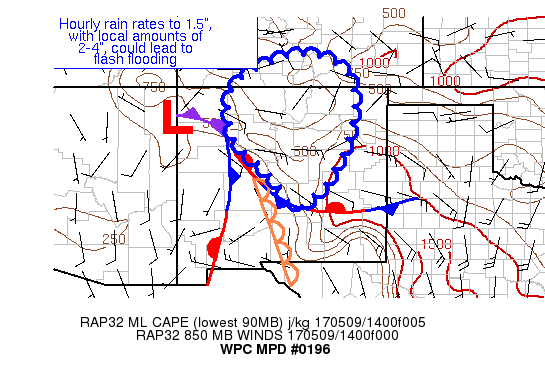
AREAS AFFECTED...PORTIONS OF CENTRAL & NORTHERN NM

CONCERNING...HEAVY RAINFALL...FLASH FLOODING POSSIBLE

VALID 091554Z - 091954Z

SUMMARY...DEVELOPING THUNDERSTORMS ACROSS CENTRAL AND NORTHERN NM
COULD EXHIBIT SOME TRAINING AND CELL MERGERS OVER THE NEXT SEVERAL
HOURS.  WITH HOURLY RAIN RATES UP TO 1.5", AND LOCAL AMOUNTS OF
2-4", FLASH FLOODING IS POSSIBLE.

DISCUSSION...A SHORTWAVE MOVING THROUGH SOUTHWEST NM COMBINED WITH
DAYTIME HEATING HAVE HELPED BREAK UP A STRATUS DECK ACROSS
PORTIONS OF NM AND ALLOWED THUNDERSTORMS TO FORM WITHIN
INCREASINGLY CUMULIFORM CLOUDS ACROSS PORTIONS OF CENTRAL AND
NORTHERN NM.  PRECIPITABLE WATER VALUES ARE INCREASING, WITH
.5-.9" BEING REPORTED VIA GPS.  THIS HAS BEEN TRANSLATING TO 1-2"
AN HOUR RAIN RATES PER FEEDBACK FROM THE ALBUQUERQUE NM FORECAST
OFFICE.  UPSLOPE LOW-LEVEL INFLOW OF 20 KTS HAS BEEN SEEN IN
SURFACE OBSERVATIONS AND VAD WIND PROFILES.  BULK SHEAR OF 30-50
KTS IS HELPING TO ORGANIZE CONVECTION.  MLCAPES OF 500-1000 J/KG
EXIST IN THIS REGION PER RECENT SPC MESOANALYSES.

INSTABILITY SHOULD CONTINUE TO BUILD TODAY WHICH SHOULD LEAD TO
SLOWLY INCREASING CONVECTIVE COVERAGE.  ALTHOUGH THEY ARE
CURRENTLY SHOWING SIGNS OF CELL TRAINING, STORMS SHOULD BEGIN TO
MOVE MORE NORTHEAST AT 25-30 KTS AS THEY DEVELOP FURTHER AND
FORWARD PROPAGATE IN A FEW HOURS.  THE BULK SHEAR AVAILABLE
SUPPORTS MESOCYCLONE DEVELOPMENT, WHICH SHOULD CONTINUE TO LEAD TO
HEAVY RAINFALL.  LESS ORGANIZED THUNDERSTORMS COULD COLLIDE WITH
MORE ORGANIZED CONVECTION, WHICH COULD LEAD TO CELL MERGERS.  THE
HRRR, RAP, AND 12Z NAM CONEST ADVERTISE LOCAL AMOUNTS IN THE 2-4"
RANGE.  WITH HOURLY RAIN RATES TO 1.5" EXPECTED TO CONTINUE, FLASH
FLOODING IS POSSIBLE OVER AN AREA WITH MODEST FLASH FLOOD GUIDANCE.